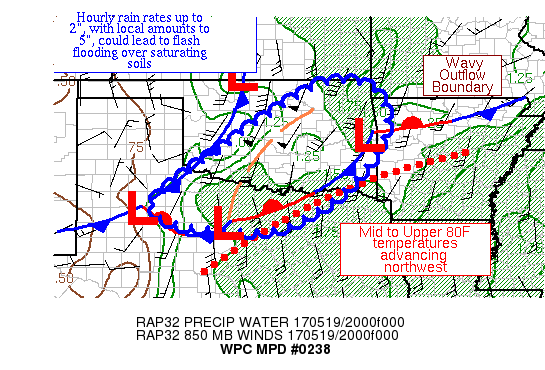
AREAS AFFECTED...PORTIONS OF OK & NORTHERN TX

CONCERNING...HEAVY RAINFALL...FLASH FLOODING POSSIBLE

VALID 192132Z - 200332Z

SUMMARY...ELEVATED CONVECTION ACROSS OK IS BEGINNING TO EXPAND IN
COVERAGE.  HOURLY RAIN RATES UP TO 2", WITH LOCAL AMOUNTS OF 4",
COULD CAUSE ISSUES OVER SATURATED SOILS.

DISCUSSION...THE 21Z MESOANALYSIS INDICATES A MESOSCALE WAVE NEAR
BRECKENRIDGE TX WHICH IS SUPPORTING ELEVATED CONVECTION THAT IS
BEGINNING TO SHOW TRAINING CHARACTERISTICS ACROSS NORTH-CENTRAL TX
AND SOUTHEAST OK.  A SECOND WAVE EXISTS SOUTHEAST OF LUBBOCK TX IN
THE THERMAL FIELD.  PRECIPITABLE WATER VALUES OF ~1.5" EXIST HERE,
WITH INFLOW AT 850 HPA OF 25-40 KTS INDICATED ON REGIONAL VAD WIND
PROFILES.  BULK SHEAR IN THE 0-6 KM LAYER IS 30-60 KTS, MORE THAN
ENOUGH FOR ORGANIZED CONVECTION.  CIN REMAINS IN THE VICINITY OF
MESOSCALE BOUNDARIES ACROSS THE AREA, THOUGH THE CONVECTION ITSELF
LIES NEAR A SURFACE CONVERGENCE ZONE IN THE WIND FIELD BEHIND THE
COLD POOL.

THE 12Z GFS-BASED GALVEZ-DAVISON INSTABILITY INDEX INDICATES
CONTINUED CONVECTIVE EXPANSION IS PROBABLE, WITH VALUES BROACHING
35 IN NORTHEAST TX BY 03Z.  CIN COULD ERODE SOMEWHAT IN THE NEXT
FEW HOURS PER RAP-BASED FORECASTS, WHICH WOULD ALLOW A COLD FRONT
MOVING IN FROM THE WEST TO SPUR NEW CONVECTION IN THE MPD AREA.
ELEVATED CONVECTION SHOULD SHIFT SOUTHEAST AT 10-15 KTS AS THE
RESPONSIBLE BOUNDARY AT 850 HPA MOVES EASTWARD.  UNTIL THAT TIME,
TRAINING CONVECTION COULD LEAD TO HOURLY RAIN RATES UP TO 2", WITH
THE MESOSCALE GUIDANCE SHOWING A GOOD SIGNAL FOR LOCAL AMOUNTS TO
4".  CONSIDERING RECENT RAINS, SOILS ARE PARTIALLY SATURATED.
FLASH FLOODING IS CONSIDERED POSSIBLE.